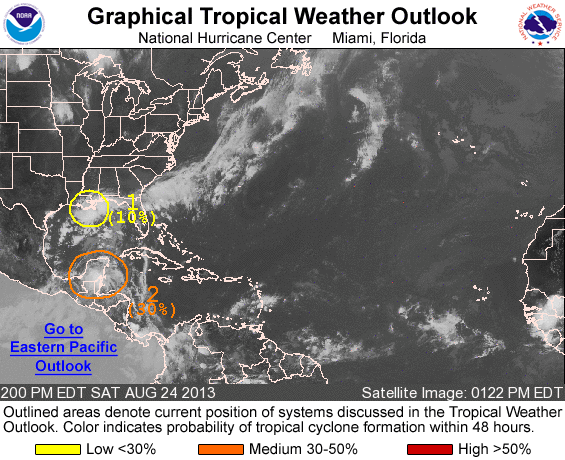
FOR THE NORTH ATLANTIC...CARIBBEAN SEA AND THE GULF OF MEXICO...

1. THUNDERSTORM ACTIVITY ASSOCIATED WITH A TROUGH OF LOW PRESSURE JUST SOUTH OF THE COAST OF LOUISIANA HAS BECOME A LITTLE BETTER ORGANIZED TODAY. HOWEVER...THERE IS NO EVIDENCE OF A SURFACE CIRCULATION AND PRESSURES ARE HIGH IN THE AREA. ADDITIONAL DEVELOPMENT...IF ANY...SHOULD BE SLOW TO OCCUR AS THE SYSTEM MOVES WESTWARD THROUGH THE NORTHWESTERN GULF OF MEXICO TONIGHT AND SUNDAY. THIS SYSTEM HAS A LOW CHANCE...10 PERCENT...OF BECOMING A TROPICAL CYCLONE DURING THE NEXT 48 HOURS...AND A LOW CHANCE...10 PERCENT...OF BECOMING A TROPICAL CYCLONE DURING THE NEXT 5 DAYS.

2. A LOW PRESSURE AREA ASSOCIATED WITH A TROPICAL WAVE IS PRODUCING CLOUDINESS...SHOWERS...AND THUNDERSTORMS OVER THE YUCATAN PENINSULA OF MEXICO...BELIZE...NORTHERN GUATEMALA...AND THE ADJACENT WATERS. UPPER-LEVEL WINDS APPEAR CONDUCIVE WHEN THIS SYSTEM MOVES WEST- NORTHWESTWARD OVER THE BAY OF CAMPECHE TONIGHT AND SUNDAY...AND DEVELOPMENT IS POSSIBLE IF THE SYSTEM GETS FAR ENOUGH OFFSHORE. THIS SYSTEM HAS A MEDIUM CHANCE...30 PERCENT...OF BECOMING A TROPICAL CYCLONE DURING THE NEXT 48 HOURS...AND A MEDIUM CHANCE... 30 PERCENT...OF BECOMING A TROPICAL CYCLONE DURING THE NEXT 5 DAYS.

FIVE-DAY FORMATION PROBABILITIES ARE EXPERIMENTAL IN 2013. COMMENTS ON THE EXPERIMENTAL FORECASTS CAN BE PROVIDED AT...

HTTP://WWW.NWS.NOAA.GOV/SURVEY/NWS-SURVEY.PHP?CODE=ETWO

FORECASTER BEVEN